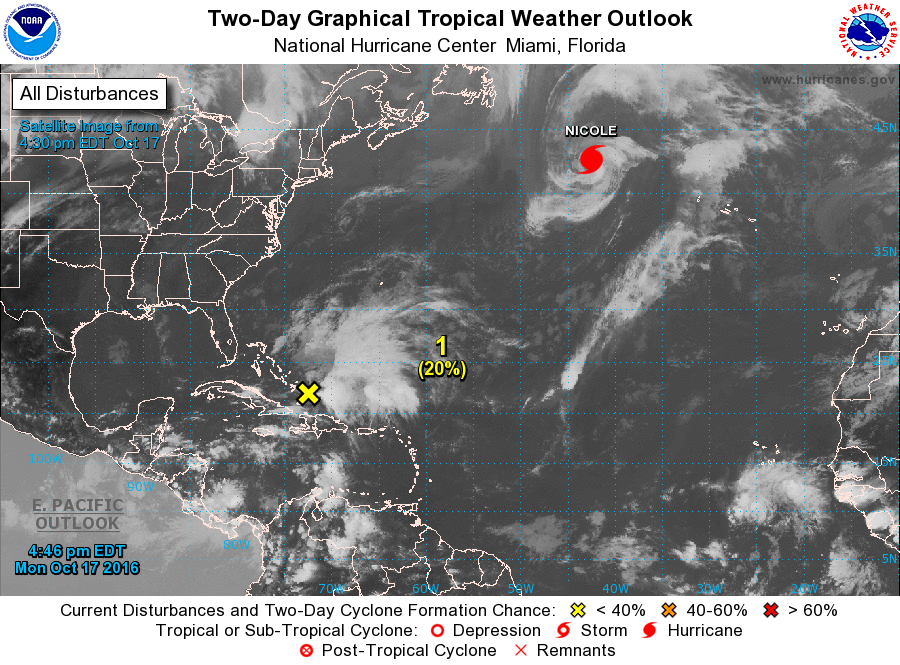
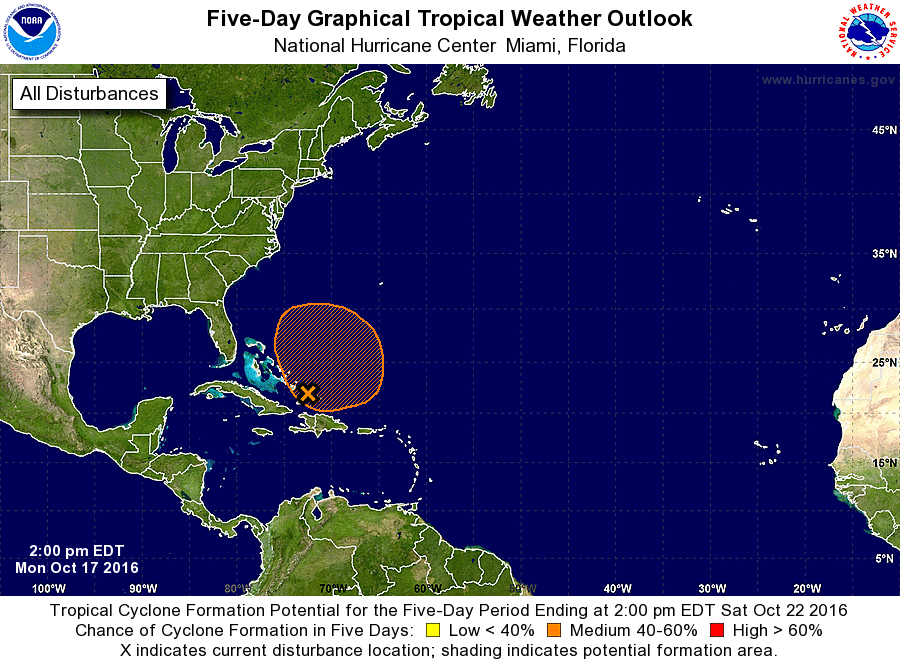
For the North Atlantic...Caribbean Sea and the Gulf of Mexico:

The National Hurricane Center is issuing advisories on Hurricane Nicole, located several hundred miles southeast of Cape Race, Newfoundland.

1. A large area of cloudiness and disorganized showers located over the southeastern Bahamas, the Turks and Caicos, and adjacent western Atlantic waters is associated with a broad surface low. Upper-level winds are expected to remains unfavorable for significant development during the next day or two, but they could become more conducive for subtropical or tropical cyclone formation by Wednesday when the system begins to drift northward or north-northwestward. Locally heavy rainfall over the southeastern Bahamas and the Turks and Caicos should diminish by tonight.
* Formation chance through 48 hours...low...20 percent
* Formation chance through 5 days...medium...60 percent

Forecaster Stewart